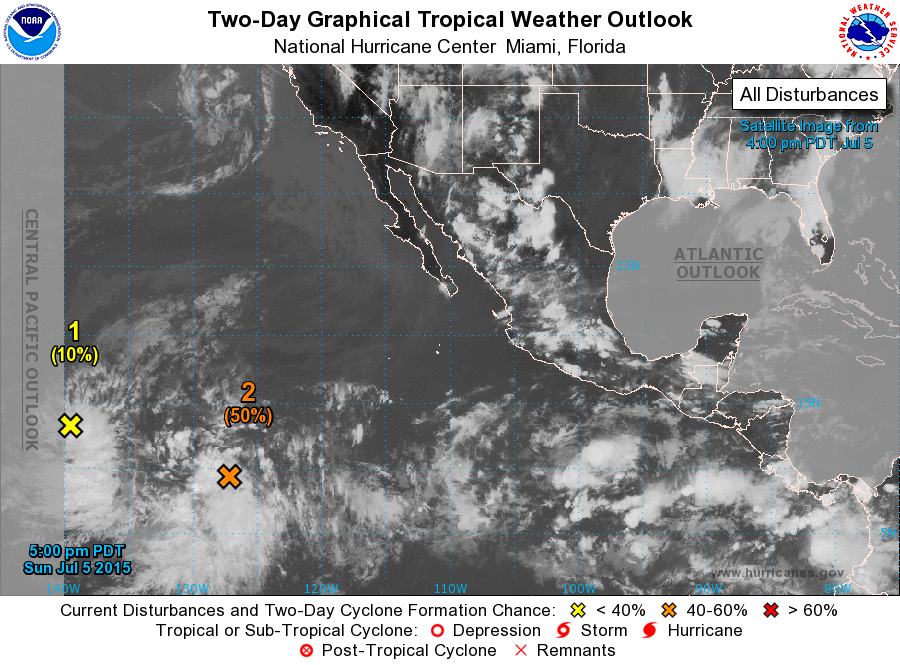
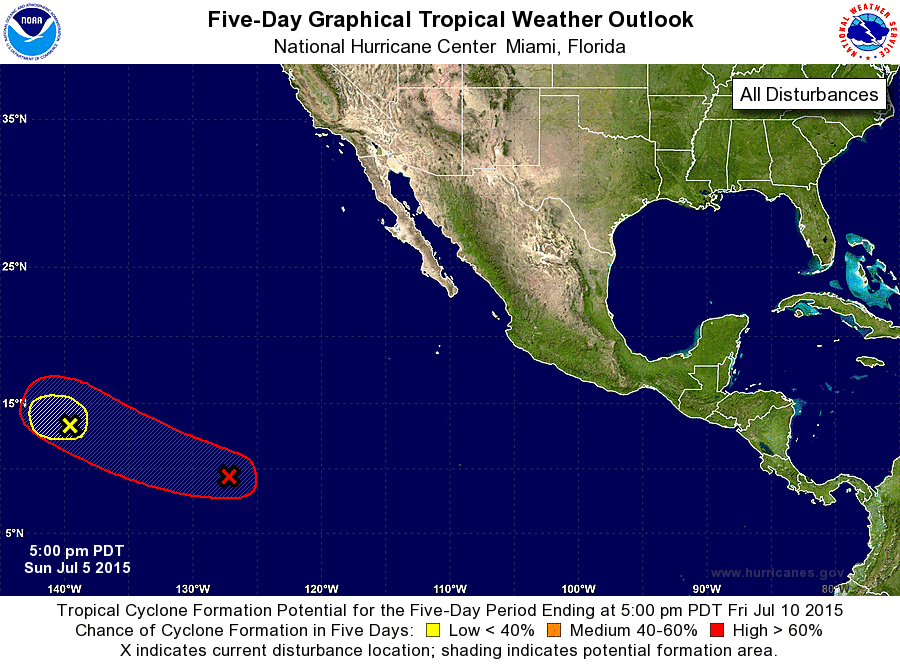
For the eastern North Pacific...east of 140 degrees west longitude:

1. An elongated area of low pressure located about 1100 miles east-southeast of the Hawaiian Islands continues to produce disorganized showers and thunderstorms. Development of this disturbance is not expected since upper-level winds are forecast to become unfavorable in a day or so. The low is expected to drift westward or west-northwestward over the next several days, and move into the central Pacific Ocean basin later tonight or on Monday.
* Formation chance through 48 hours...low...10 percent
* Formation chance through 5 days...low...10 percent

2. A large low pressure system centered about 1550 miles southwest of the southern tip of Baja California Sur is producing an extensive area of cloudiness and showers. Satellite-derived surface wind data indicate that the low is gradually becoming better defined, and environmental conditions are forecast to become more conducive for development over the next several days. A tropical depression is expected to form by mid-week while the system moves west-northwestward at about 15 mph.
* Formation chance through 48 hours...medium...50 percent
* Formation chance through 5 days...high...90 percent

Forecaster Stewart